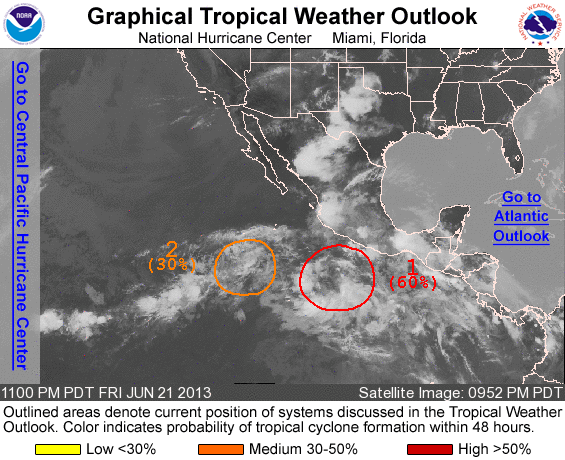
FOR THE EASTERN NORTH PACIFIC...EAST OF 140 DEGREES WEST LONGITUDE..

1. SHOWERS AND THUNDERSTORMS ASSOCIATED WITH AN AREA OF LOW PRESSURE LOCATED ABOUT 375 MILES SOUTH-SOUTHWEST OF ACAPULCO MEXICO ARE GRADUALLY BECOMING BETTER ORGANIZED. UPPER-LEVEL WINDS ARE BECOMING FAVORABLE FOR ADDITIONAL DEVELOPMENT...AND A TROPICAL DEPRESSION COULD FORM DURING THE NEXT COUPLE OF DAYS AS THE SYSTEM MOVES WESTWARD AT ABOUT 10 MPH. THIS SYSTEM HAS A HIGH CHANCE...60 PERCENT...OF BECOMING A TROPICAL CYCLONE DURING THE NEXT 48 HOURS.

2. AN ELONGATED AREA OF LOW PRESSURE CENTERED ABOUT 700 MILES SOUTH-SOUTHWEST OF THE SOUTHERN TIP OF BAJA CALIFORNIA IS PRODUCING A LARGE AREA OF CLOUDINESS AND SHOWERS. SLOW DEVELOPMENT OF THIS LOW IS POSSIBLE WHILE IT MOVES TO THE NORTHWEST OR NORTH AT 5 TO 10 MPH. THIS SYSTEM HAS A MEDIUM CHANCE...30 PERCENT...OF BECOMING A TROPICAL CYCLONE DURING THE NEXT 48 HOURS.

ELSEWHERE...TROPICAL CYCLONE FORMATION IS NOT EXPECTED DURING THE NEXT 48 HOURS.

FORECASTER BEVEN